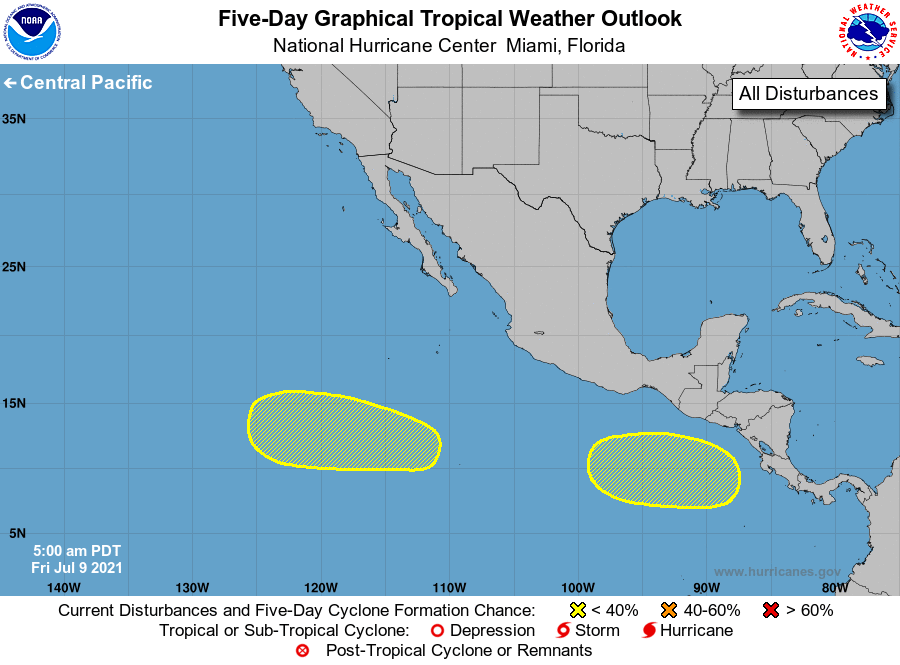
For the eastern North Pacific...east of 140 degrees west longitude:

1. A broad area of low pressure is expected to form several hundred miles south-southwest of the southern coast of Mexico by early next week. Any subsequent development of this system is expected to be gradual as it moves westward or west-northwestward at 10 to 15 mph.
* Formation chance through 48 hours...low...near 0 percent.
* Formation chance through 5 days...low...20 percent.

2. Another area of low pressure is expected to form south of the Gulf of Tehuantepec by the middle of next week. Gradual development of this system is possible thereafter while it moves west-northwestward to northwestward at 10 to 15 mph.
* Formation chance through 48 hours...low...near 0 percent.
* Formation chance through 5 days...low...30 percent.

Forecaster Zelinsky